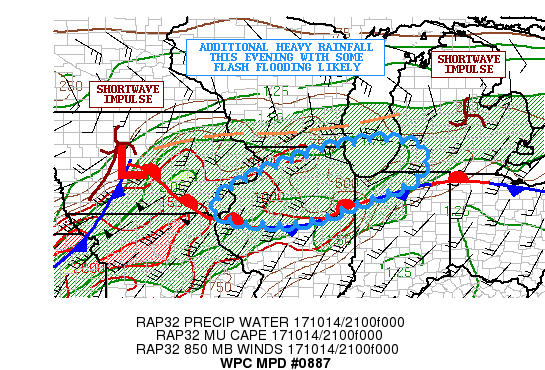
AREAS AFFECTED...CENTRAL/NORTHERN IL...NORTHWEST IN...FAR
SOUTHWEST LOWER MI

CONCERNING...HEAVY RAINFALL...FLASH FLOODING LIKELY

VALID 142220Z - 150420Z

SUMMARY...REPEATING ROUNDS OF HEAVY SHOWERS AND THUNDERSTORMS THIS
EVENING WILL FOSTER AREAL CONCERNS FOR RUNOFF PROBLEMS AND FLASH
FLOODING.

DISCUSSION...A WAVE OF LOW PRESSURE ACROSS CENTRAL IA LATE THIS
AFTERNOON IS INTENSIFYING AS A LARGER SCALE TROUGH EJECTS OUT OF
THE ROCKIES AND ACROSS THE NORTHERN/CENTRAL PLAINS REGION.
MULTIPLE LEAD SHORTWAVE IMPULSES ARE SEEN IN THE SUITE OF
NON-OPERATIONAL GOES-16 WV CHANNELS...WITH ONE IMPULSE SHEARING
DOWNSTREAM ACROSS SOUTHERN LOWER MI...AND A SECONDARY IMPULSE
QUICKLY EJECTING THROUGH CENTRAL/EASTERN IA AND INTO WESTERN IL.
THE INITIAL IMPULSE ALREADY PRODUCED HEAVY RAIN TODAY ACROSS A
LARGE AREA OF EASTERN IA...NORTHERN IL AND SOUTHERN WI WITH SOME
AREAS RECEIVING 3 TO 5 INCHES...AND THIS HAS LED TO A SATURATION
OF THE AREA SOILS.

THE LATEST RADAR AND GOES-VIS/IR SATELLITE IMAGERY IS SHOWING
RENEWED ORGANIZATION AND EXPANSION OF CONVECTION ACROSS FAR
EASTERN IA AND INTO WESTERN IL AS THE SECOND SHORTWAVE INTERACTS
WITH THE NORTHWARD TRANSPORT OF A VERY MOIST AND UNSTABLE AIR
AIRMASS ACROSS THE LOWER MO AND MID MS VALLEYS. THE LATEST RAP
ANALYSIS SHOWS A NOSE OF 1500 J/KG OF MUCAPE NOSING UP ACROSS
NORTHERN MO AND INTO WESTERN IL WHERE IT IS INTERSECTING AND
OVERRUNNING A WELL-DEFINED AND QUASI-STATIONARY FRONTAL ZONE.
MEANWHILE...PWATS ARE VERY HIGH FOR THIS TIME OF THE YEAR AT 1.7
TO 1.9 INCHES...WHICH IS OVER 3 SIGMAS ABOVE NORMAL.

SMALLER SCALE SHORTWAVE DYNAMICS INTERACTING WITH THE FRONT AND
THE AFOREMENTIONED AIRMASS COUPLED WITH LARGER SCALE 250 MB
RIGHT-ENTRANCE REGION JET FORCING AHEAD OF THE LARGER SCALE TROUGH
SHOULD FOSTER A RIPE ENVIRONMENT FOR ORGANIZED CONVECTION WITH
HEAVY RAINFALL THIS EVENING ACROSS THE MIDWEST WITH A FOCUS ON
ESPECIALLY CENTRAL AND NORTHERN IL AND INCLUDING THE CHICAGO
METROPOLITAN AREA. ACCOUNTING FOR THE LATEST RADAR TRENDS...THE
HRRR IS LIKELY TOO FAR NORTH INTO SOUTHERN WI WITH ITS HEAVIER QPF
AXIS...WHEREAS OBSERVATIONAL TRENDS SUPPORT MUCH GREATER IMPACTS
FARTHER SOUTH INTO CENTRAL/NORTHERN IL. THESE AREAS ARE LIKELY TO
SEE AS MUCH AS AN ADDITIONAL 2 TO 3 INCHES OF RAIN WITH ISOLATED
HEAVIER AMOUNTS THROUGH ABOUT 04Z. ADJACENT AREAS OF NORTHWEST IN
AND SOUTHWEST LOWER MI WILL ALSO SEE THE POTENTIAL FOR THESE
HEAVIER RAINS LATER INTO THE EVENING AS THE UPSTREAM SURFACE LOW
LIFTS TOWARD SOUTHWEST WI...AND THE UPSTREAM CONVECTION PUSHES
FARTHER EAST ALONG WITH THE COLD FRONT.

THESE ADDITIONAL RAINS ON TOP OF THE SATURATED SOIL WILL LIKELY
PROMOTE RUNOFF PROBLEMS AND SOME FLASH FLOODING...WITH AN EMPHASIS
ON THE URBANIZED CORRIDORS AND INCLUDING THE CHICAGO METROPOLITAN
AREA.